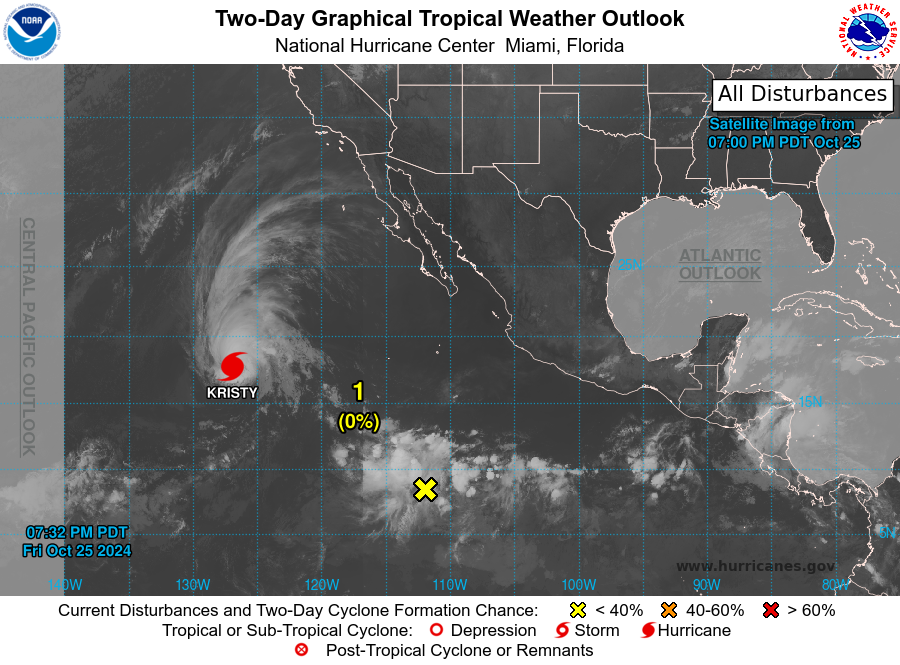
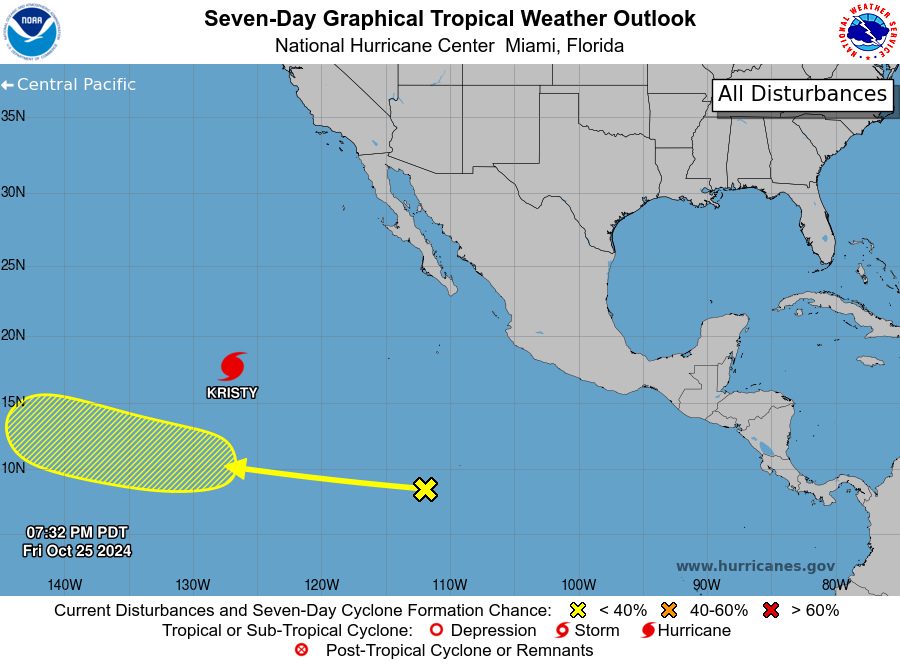
For the eastern North Pacific...east of 140 degrees west longitude:

Active Systems: The National Hurricane Center is issuing advisories on Hurricane Kristy, located over the western portion of the eastern Pacific basin.

1. Western East Pacific: A large area of disturbed weather is located well to the southwest of the southwestern coast of Mexico. An area of low pressure could form from this disturbance over the western part of the basin during the early to middle part of next week, and environmental conditions appear conducive for subsequent development while the system moves westward or west-northwestward at about 15 mph. This system is expected to move into the central Pacific basin on Wednesday or Thursday.
* Formation chance through 48 hours...low...near 0 percent.
* Formation chance through 7 days...low...30 percent.

Forecaster Berg